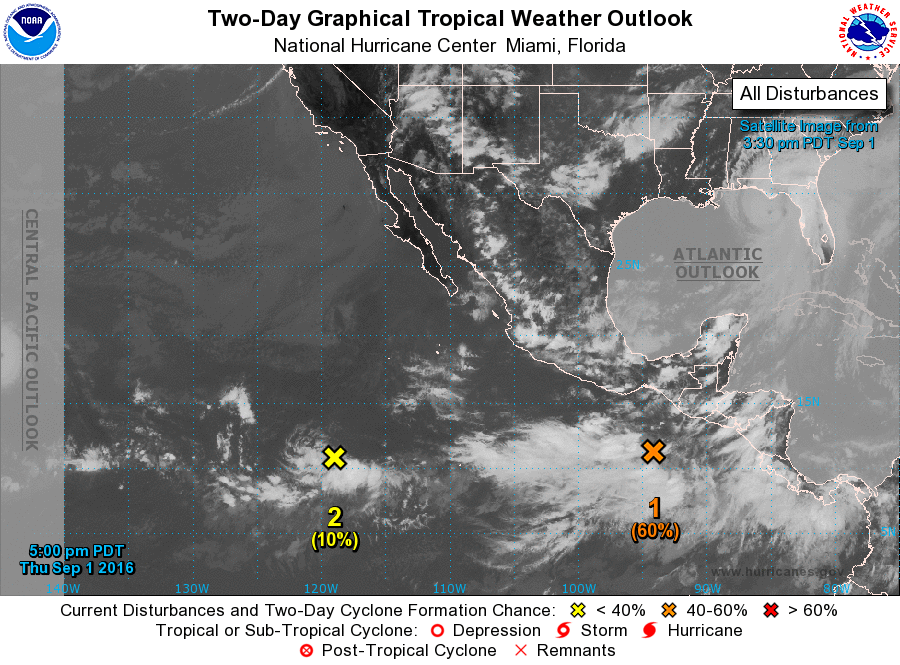
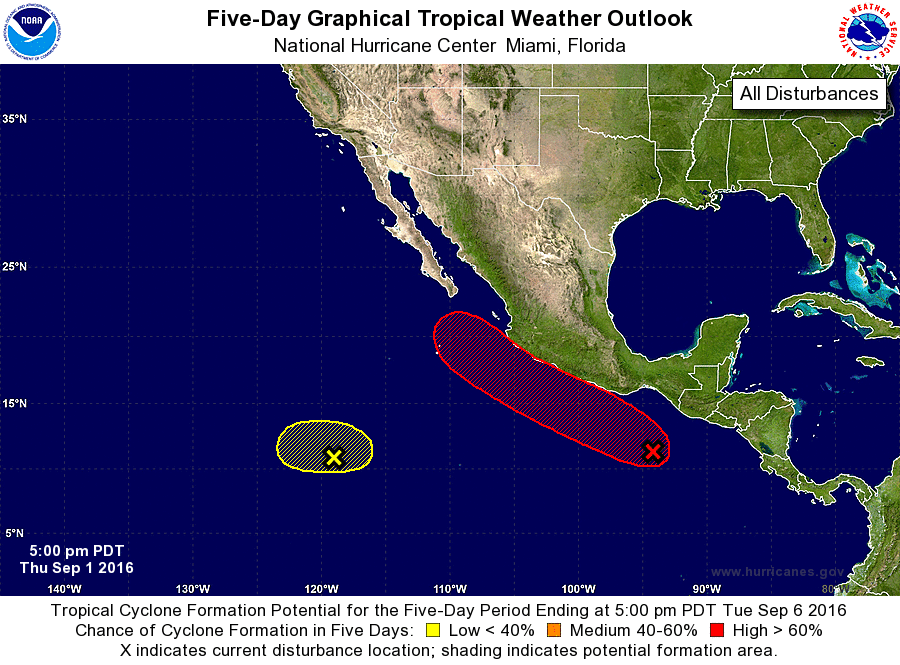
For the eastern North Pacific...east of 140 degrees west longitude:

1. A trough of low pressure located several hundred miles southeast of Acapulco, Mexico, continues to produce disorganized showers and thunderstorms. Upper-level winds are expected to become more conducive for development during the next couple of days, and a tropical depression is likely to form over the weekend while the low moves west-northwestward or northwestward near the coast of Mexico. Interests along the southern and southwestern coasts of Mexico should monitor the progress of this disturbance. Locally heavy rain, flash floods and mud slides are likely in these areas starting tomorrow and continuing through the weekend.
* Formation chance through 48 hours...medium...60 percent
* Formation chance through 5 days...high...80 percent

2. A weak area of low pressure is located about 1000 miles south- southwest of the southern tip of the Baja California peninsula. This system is expected to meander during the next few days, and any development should be slow to occur due to strong upper- level winds.
* Formation chance through 48 hours...low...10 percent
* Formation chance through 5 days...low...20 percent

Forecaster Berg